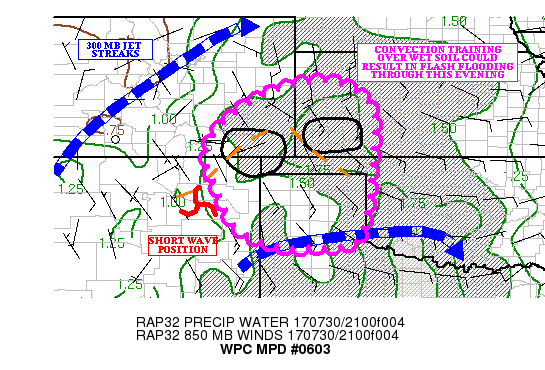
AREAS AFFECTED...SOUTHEAST CO...SOUTHWEST KS...WESTERN OK...TX
PANHANDLE

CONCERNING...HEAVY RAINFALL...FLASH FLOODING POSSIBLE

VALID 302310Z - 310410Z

SUMMARY...CONVECTION TRAINING ALONG SURFACE TROUGHS OVER AREAS
THAT RECEIVED HEAVY RAINFALL LATE SATURDAY NIGHT INTO EARLY SUNDAY
MORNING COULD RESULT IN A FLASH FLOOD THREAT THROUGH THIS EVENING.

DISCUSSION...THE EXPERIMENTAL GOES-16 MID LEVEL WATER VAPOR
CHANNEL SHOWED A STRENGTHENING SHORT WAVE OVER NORTHEAST NM THIS
AFTERNOON. AHEAD OF THE SHORT WAVE... CONVECTION WAS FIRING ALONG
A SURFACE TROUGH EXTENDING ACROSS FAR NORTHEAST NM INTO SOUTHEAST
CO. THE CONVECTION WAS FIRING IN AN AXIS OF 1500-2000 J/KG OF
MLCAPE.

THE BEST MOISTURE AXIS LIES FURTHER TO THE EAST ACROSS SOUTHWEST
KS (PRECIPITABLE WATER VALUES ARE 1.75 INCHES) WHERE CONVECTION
TAKING ADVANTAGE OF THE DEEPER MOISTURE IS PRODUCING HOURLY
RAINFALL RATES IN EXCESS OF 2.00 INCHES OVER STANTON COUNTY. AS
THE SHORT WAVE APPROACHES...THE CONVECTION IS EXPECTED TO BECOME
MORE WIDESPREAD ACROSS SOUTHEAST CO AND SOUTHWEST KS TOWARD
31/00Z.

THE CONVECTION LIKELY BECOMES ORIENTED ALONG A SURFACE TROUGH
EXTENDING FROM SOUTHEAST CO IN FAR SOUTHWEST KS AND THE
WESTERNMOST OK PANHANDLE AFTER 31/00Z. THE CONVECTION ALONG THE
TROUGH IS EXPECTED TO  TRACK ACROSS AREAS THAT RECEIVED HEAVY
RAINFALL LATE SATURDAY NIGHT INTO SUNDAY MORNING... ESPECIALLY
OVER SOUTHWEST KS. THIS IS BEST DEPICTED BY THE MOST RECENT HRRR
PERCENT OF SOIL SATURATION PRODUCT... INDICATING WET SOILS HERE.

THE MOST RECENT HRRR IS THE MOST BULLISH PIECE OF HIGH RESOLUTION
GUIDANCE OVER FAR SOUTHEAST CO AND SOUTHWEST KS...AS THE WEAKLY
DIFFLUENT FLOW ALOFT ALLOWS FOR BETTER VENTING OVER THE SURFACE
TROUGH. THAT SOLUTION PLACED LOCAL 2.00 TO 3.00 INCH RAINFALL
AMOUNTS HERE...WITH THE HIGHEST AMOUNTS OVER SOUTHWEST KS.

THE CONVECTION IS THEN EXPECTED TO DEVELOP ALONG THE SURFACE
TROUGH INTO THE WESTERNMOST OK PANHANDLE AND TX PANHANDLE...BUT
THIS MAY NOT OCCUR UNTIL 31/00Z. THERE IS THE POTENTIAL FOR SOME
TRAINING AND/OR BACKBUILDING ALONG THE SURFACE TROUGH...AS MID
LEVEL WINDS SLACKEN ON THE EASTERN EDGE OF THE MID LEVEL TROUGH.
SLOWER CELL MOTIONS AND TRAINING COULD RESULT IN A FLASH FLOOD
THREAT DEVELOPING HERE MAINLY AFTER 31/00Z.